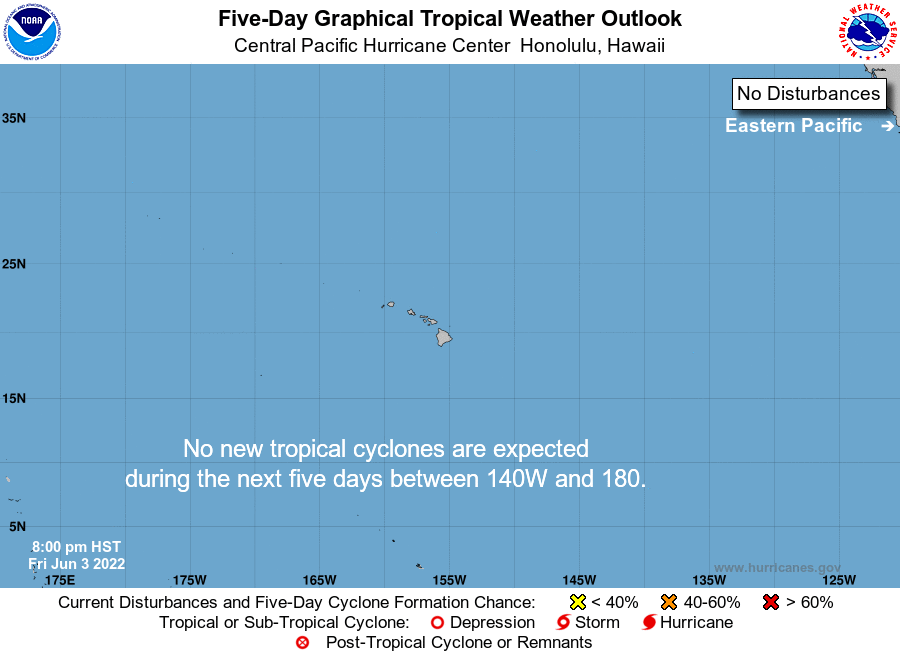
For the central North Pacific...between 140W and 180W:

No tropical cyclones are expected during the next 5 days.

Forecaster Powell